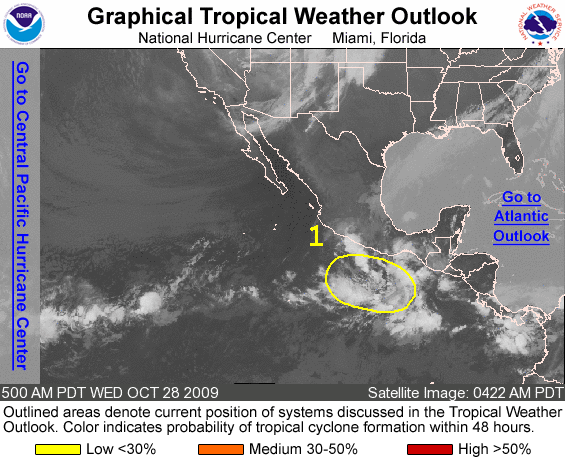
FOR THE EASTERN NORTH PACIFIC...EAST OF 140 DEGREES WEST LONGITUDE..

1. DISORGANIZED SHOWERS AND THUNDERSTORMS ASSOCIATED WITH A BROAD TROUGH OF LOW PRESSURE EXTEND FROM THE COAST OF MEXICO NEAR ACAPULCO SOUTHWARD FOR SEVERAL HUNDRED MILES. SLOW DEVELOPMENT OF THIS SYSTEM IS POSSIBLE OVER THE NEXT COUPLE OF DAYS AS IT REMAINS NEARLY STATIONARY. THERE IS A LOW CHANCE...LESS THAN 30 PERCENT...OF THIS SYSTEM BECOMING A TROPICAL CYCLONE DURING THE NEXT 48 HOURS.

ELSEWHERE...TROPICAL CYCLONE FORMATION IS NOT EXPECTED DURING THE NEXT 48 HOURS.

FORECASTER CANGIALOSI/PASCH